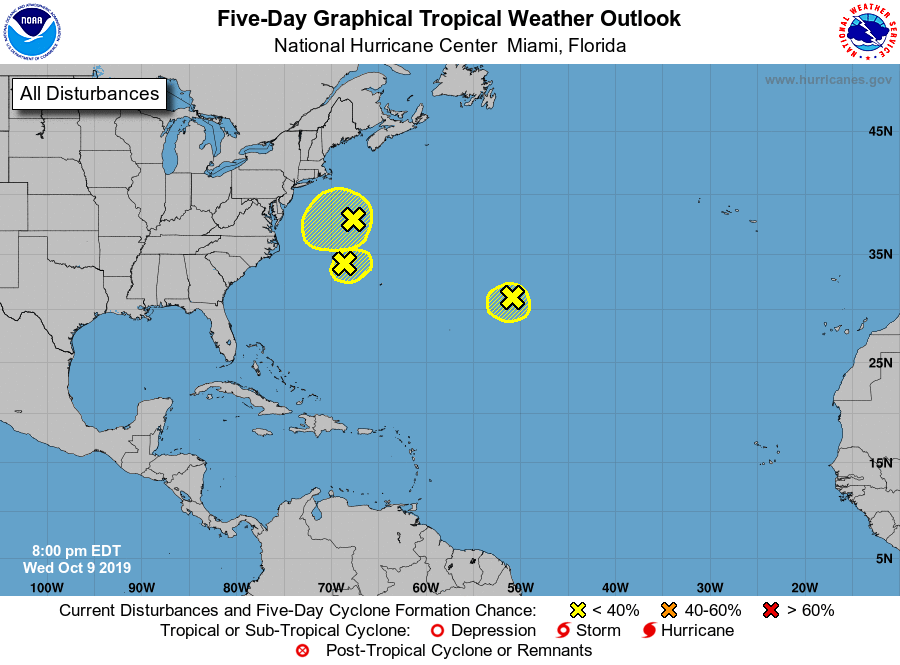
For the North Atlantic...Caribbean Sea and the Gulf of Mexico:

1. A non-tropical low pressure system located about 800 miles east of Bermuda is producing limited shower and thunderstorm activity. Upper-level winds are expected to become unfavorable for further development tonight, and the chance of this system becoming a tropical or subtropical cyclone is decreasing.
* Formation chance through 48 hours...low...10 percent.
* Formation chance through 5 days...low...10 percent.

2. Cloudiness and showers located off the northeast coast of the United States are associated with a non-tropical area of low pressure that is producing gale-force winds. This system is forecast to strengthen as a non-tropical low off the east coast of the United States during the next day or so. Environmental conditions are expected to be unfavorable for significant subtropical or tropical cyclone development through the end of the week while it meanders offshore of the United States. Regardless of development, this system is expected to bring strong winds, coastal flooding, and rough surf to portions of the mid-Atlantic and northeastern United States coasts through late week. Additional information on this system can also be found in local products and High Seas Forecasts issued by the National Weather Service.
* Formation chance through 48 hours...low...10 percent.
* Formation chance through 5 days...low...20 percent.

3. An area of low pressure located several hundred miles east-southeast of Cape Hatteras, North Carolina is producing a few thunderstorms. Upper-level winds are only marginally favorable for development, and the system is forecast to merge with the low off the east coast of the United States tonight.
* Formation chance through 48 hours...low...10 percent.
* Formation chance through 5 days...low...10 percent.

High Seas Forecasts issued by the National Weather Service can be found under AWIPS header NFDHSFAT1, WMO header FZNT01 KWBC, and online at ocean.weather.gov/shtml/NFDHSFAT1.php

Forecaster Pasch